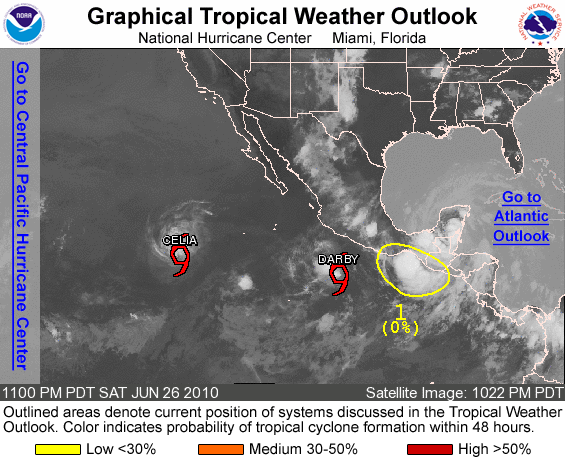
FOR THE EASTERN NORTH PACIFIC...EAST OF 140 DEGREES WEST LONGITUDE..

THE NATIONAL HURRICANE CENTER IS ISSUING ADVISORIES ON TROPICAL STORM CELIA LOCATED ABOUT 965 MILES WEST-SOUTHWEST OF THE SOUTHERN TIP OF BAJA CALIFORNIA...AND ON TROPICAL STORM DARBY LOCATED ABOUT 305 MILES SOUTH-SOUTHWEST OF ZIHUATANEJO MEXICO.

1. A LARGE AREA OF SHOWERS AND THUNDERSTORMS IS LOCATED ALONG THE COASTS OF SOUTHEASTERN MEXICO...GUATEMALA AND EL SALVADOR...AND ACROSS THE GULF OF TEHUANTEPEC...AND IS ASSOCIATED WITH THE SOUTHERN CIRCULATION OF ATLANTIC TROPICAL STORM ALEX. LOCALLY HEAVY RAINS AND GUSTY WINDS ARE POSSIBLE DURING THE NEXT DAY OR TWO WITHIN THIS AREA AS ALEX MOVES OVER THE YUCATAN PENINSULA AND INTO THE BAY OF CAMPECHE ON SUNDAY. THERE IS A LOW CHANCE...NEAR 0 PERCENT...OF THIS SYSTEM BECOMING A TROPICAL CYCLONE DURING THE NEXT 48 HOURS.

ELSEWHERE...TROPICAL CYCLONE FORMATION IS NOT EXPECTED DURING THE NEXT 48 HOURS.

FORECASTER ROBERTS/STEWART